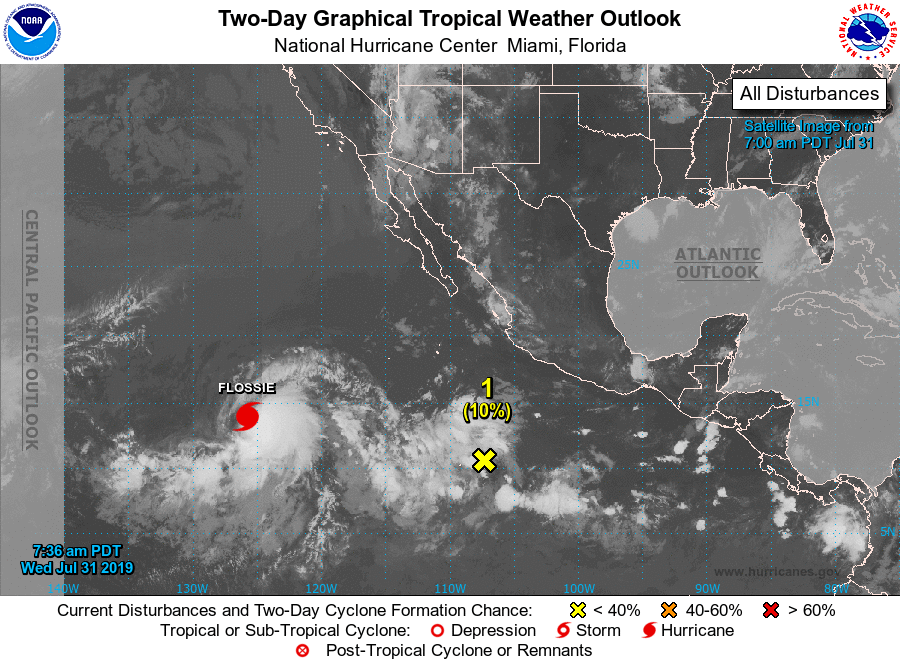
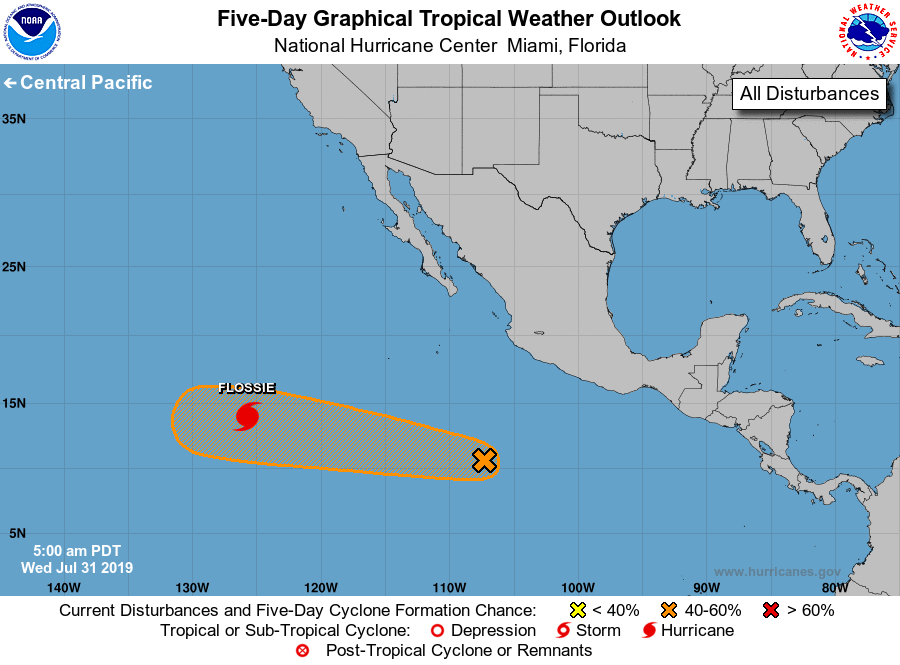
For the eastern North Pacific...east of 140 degrees west longitude:

The National Hurricane Center is issuing advisories on Hurricane Flossie, located more than a thousand miles west-southwest of the southern tip of the Baja California peninsula.

1. Showers and thunderstorms remain disorganized in association with a broad area of low pressure located several hundred miles south-southwest of Manzanillo, Mexico. Upper-level winds are forecast to become more conducive for development late this week, and a tropical depression could form over the weekend while the low moves westward or west-northwestward at about 15 mph.
* Formation chance through 48 hours...low...10 percent.
* Formation chance through 5 days...medium...50 percent.

Forecaster Cangialosi